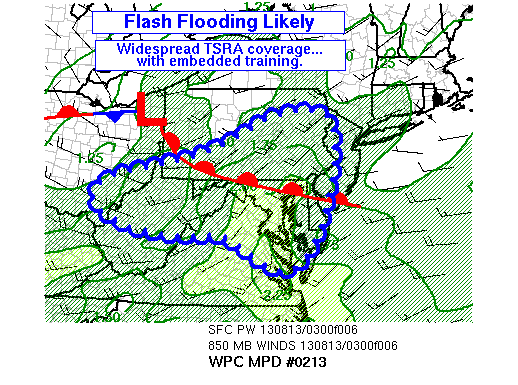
AREAS AFFECTED...MD...DE...WEST NJ...SE PA...NORTH VA...SE
OH...NORTH WV

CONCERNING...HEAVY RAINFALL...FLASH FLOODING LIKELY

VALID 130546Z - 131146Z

SUMMARY...WIDESPREAD THUNDERSTORMS EXPECTED. INDIVIDUAL CELL
MOTIONS RELATIVELY QUICK...BUT EXPECT AREAS OF TRAINING TO COMBINE
WITH HIGH RAIN RATES TO MAKE FLASH FLOODING LIKELY.

DISCUSSION...STORMS WERE ALREADY TRAINING ACROSS OH/WV. THIS AND
THE AREA DOWNSTREAM TO THE MID ATLANTIC WILL BE WITHIN A FAVORABLE
WARM ADVECTION REGIME IN THE ENTRANCE OF A 90 KT 250 MB JET. CELLS
HAD BEEN BUBBLING OVER NORTHERN VA MUCH OF THE EVENING...AND
EXPECT THESE TO INTENSIFY AS UPGLIDE BECOMES FOCUSED PER NAM AND
GFS FORECASTS. REFERENCE 305 K LEVEL ON AWIPS BASED ON ROANOKE
SOUNDING IN THE INFLOW SOURCE REGION. WARM ADVECTION BECOMES
MARKED OVER MD/DE AND SOUTHEAST PA BY 09-12Z...SO ANTICIPATE A
SHIFT TOWARD GREATER STORM COVERAGE IN THESE AREAS...WHILE
COVERAGE OVER OH/WV SHOULD BEGIN TO DECREASE DURING THAT SAME TIME
WITH A 700 MB WAVE PUSHING THROUGH.

GIVEN THE MODERATE SYNOPTIC SCALE FORCING HERE...THE GLOBAL MODELS
WILL PROBABLY VERIFY WELL WITH THE AREAL OUTLINE OF HEAVIER QPF.
NOW THE 00Z HIGH RESOLUTION MODELS HAVE ALSO COME INTO GOOD
AGREEMENT IN HIGHLIGHTING SWATHS OF HEAVY RAIN BETWEEN 06-12Z. ONE
CONSENSUS AXIS IS ACROSS NORTHERN MD AND ADJACENT DE/NJ TO THE
EAST...AND ANOTHER AXIS DEVELOPS UP TOWARD NORTHEAST PA...PERHAPS
FORCED BY UPGLIDE IN A MORE ELEVATED LAYER. MUCH OF THE HIGH RES
GUIDANCE IS ALSO HEAVY ACROSS EAST-CENTRAL VA AND SE MD. DESPITE
BEING SOUTH OF THE SFC WARM FRONT...THIS AREA WILL SEE A LOW LEVEL
SURGE...WITH MODELS SHOWING A SELDOM SEEN EARLY MORNING INCREASE
OF CAPE.

ASIDE FROM THE WV MOUNTAINS AND URBAN AREAS TO THE EAST...THE
FLASH FLOOD GUIDANCE IS RATHER HIGH...AND MOTION FOR ORDINARY
CELLS PREDICTED AT A GOOD 20-25 KT. BUT SHEAR PROFILES FAVOR SOME
UPDRAFT ROTATION...PER SPC DAY 1 OUTLOOK...AND BUNKERS SUPERCELL
MOTION WILL BE SLOWER...EAST AT 10-15 KT. GIVEN SETUP FOR
EFFICIENT RAIN PRODUCERS...NOTING RECENT 1.5-2.0 INCH/HOUR RATES
VIA WFO RLX...WOULD EXPECT SOME QUICK 2-4 INCH TOTALS WHEREVER
TRAINING DEVELOPS.